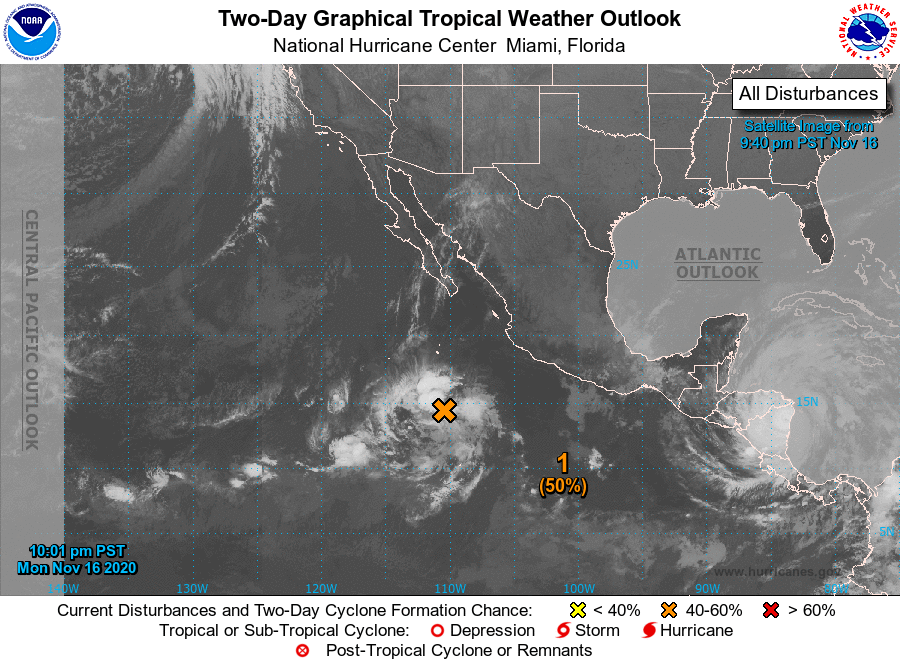
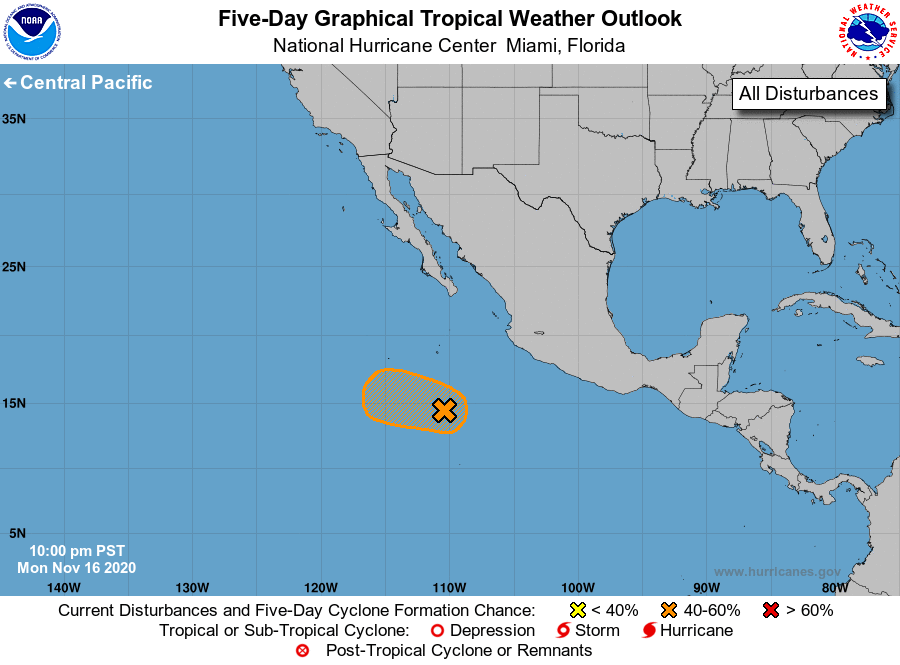
For the eastern North Pacific...east of 140 degrees west longitude:

1. Showers and thunderstorms continue to show some signs of organization in association with a disturbance located several hundred miles southwest of the coast of southern Mexico. However, recent satellite-derived wind data indicate that the system lacks a well-defined center. Although environmental conditions are only somewhat conducive for development, a short-lived tropical depression could still form within the next couple of days as the low moves west-northwestward or northwestward at about 10 mph, away from the coast of Mexico. By midweek, conditions are forecast to become increasingly unfavorable for further development.
* Formation chance through 48 hours...medium...50 percent.
* Formation chance through 5 days...medium...50 percent.

Forecaster Latto